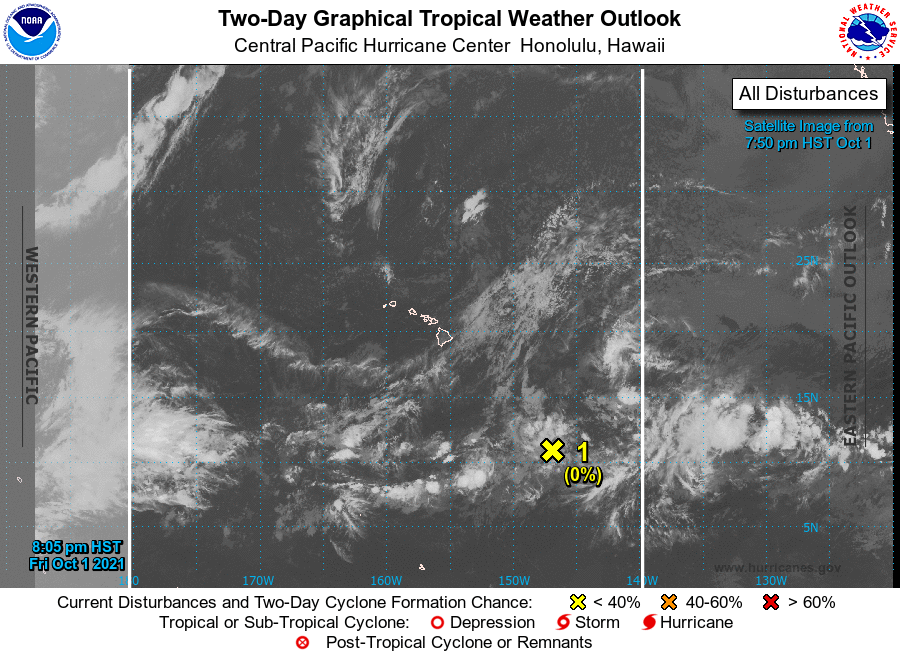
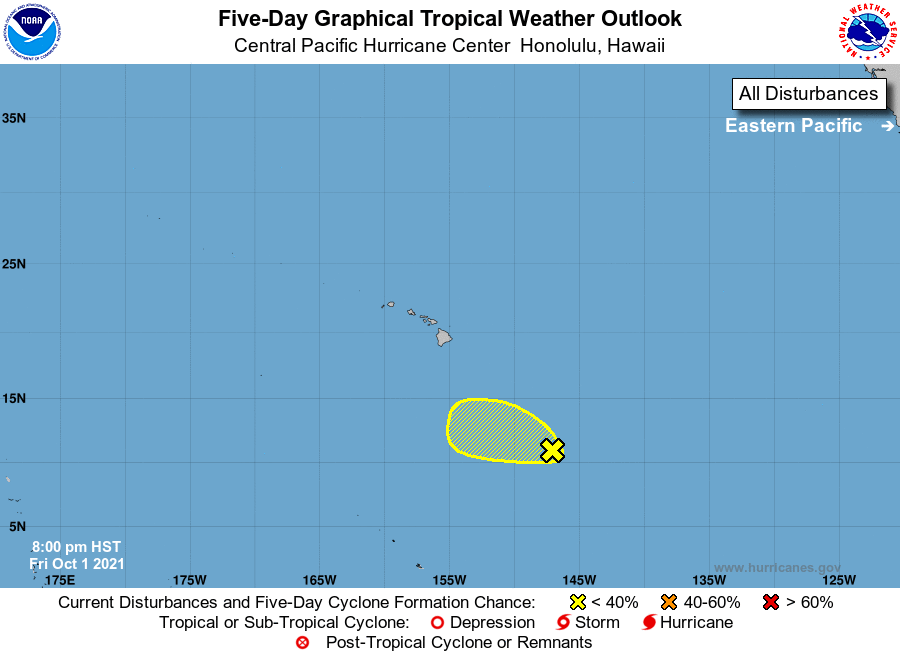
For the central North Pacific...between 140W and 180W:

1. An area of disturbed weather located around 800 miles southeast of Hilo, Hawaii is producing disorganized showers and thunderstorms. Environmental conditions are expected to become less conducive for development during the next few days as the disturbance moves west-northwest at around 10 mph.
* Formation chance through 48 hours...low...near 0 percent.
* Formation chance through 5 days...low...near 0 percent.

Elsewhere, no tropical cyclones are expected during the next 5 days.

Forecaster Jelsema